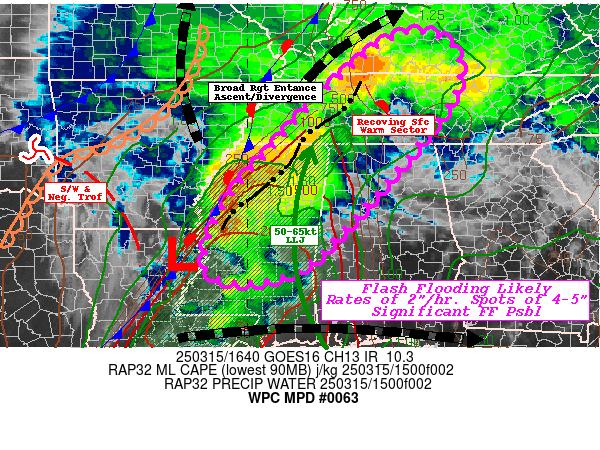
Areas affected...Northern MS...Northwest AL...Western to Middle
TN...South-Central KY...

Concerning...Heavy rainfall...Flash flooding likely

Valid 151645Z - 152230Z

SUMMARY...Strong, highly efficient rotating thunderstorms capable
of 1.5-2"/hr rates likely to train for a hour or so as the line
slowly advances eastward.  Subtle buckles in the QLCS may result
in further enhanced duration with a spot or two of 4-5" possible.
Rates and totals are likely to result in scattered to numerous
incidents of flash flooding to accompany severe weather risk.

DISCUSSION...GOES-E WV suite depicts secondary upper-level low
deepening across OK/N TX with lower scale shortwave resulting in
some negative tilting.  This results in broadening of dual jet
structure with very impressive downstream baroclinic shield across
the Mid-MS Valley into Lower Ohio Valley denoting the very strong
divergence aloft, especially in proximity to 130kt 250H jet streak
exiting over N IL into LP of MI.   The wedge of diffluence across
the area of concern will provide strong large scale ascent to
maintain the well above average low level wind flow; 850mb 50-65kt
southerly with backed sfc to boundary layer 20+ kt flow pumping
higher theta-E air across E MS/AL into southern Middle TN with Tds
increasing from low 60s to upper-60s/low 70s.  Mid-level EML has
been mixing out, but has allowed for increasing unstable air mass
(2000-2500 MLCAPE) along the sharp pre-frontal pressure trough
from W TN back to a developing surface wave in NE LA.  Overall the
strength of the low level flow and solid low level moisture (up to
1.5" TPW) resulting in highly anomalous flux values near 3-3.5 Std
Dev from normal and generally about 1000+ kg/m/s of IVT.

As such, very strong, broad and likely rotating updrafts will
further enhancing localized moisture flux due to isallobaric flow
but also strong convergence to add about .5"/hr to general
updrafts.  WoFS solutions continue to have many of the runs
supporting .3-.5"/5 minute rates with this broader cores allowing
for increased duration and hourly totals of up to 2"/hr.   So any
given storm may overwhelm urban/prone flooding locations even if
isolated or along/ahead of the main line.   The greater concern,
particularly further north where deeper mean flow will allow for
more of pivot point to develop for the longer line of cells,
should increase potential for SW to NE training convection,
especially near/downstream of the surface wave as it lifts from NE
LA across central MS to Middle TN.

Current surface observations and RADAR mosaic suggest a weak
WAA/isentropic boundary across south-central Middle TN eastward
toward the southern Cumberland Plateau due to earlier convection.
WoFS, HRRR and RAP rapidly refreshing guidance all suggest, this
boundary will maintain with a buckle noted in the SB/MLCAPE fields
though MUCAPE will support elevated convection downstream across
northern Middle TN into south-central KY.   As such, this
inflection near the MS/TN/NW AL border continues to be highest
potential for those longer duration/training events with 4-5"
totals possible through 22z...slowly lifting northeastward across
Middle TN into the later evening hours.   This also overlaps with
rainfall reduced FFG values and will likely result in scattered to
numerous incidents of flash flooding this afternoon into early
evening.  Scattered incidents are likely further north into KY
where FFG and instability are lower; as well as south into central
MS where cells will be stronger, but duration is likely to be
lower and FFGs a bit higher.